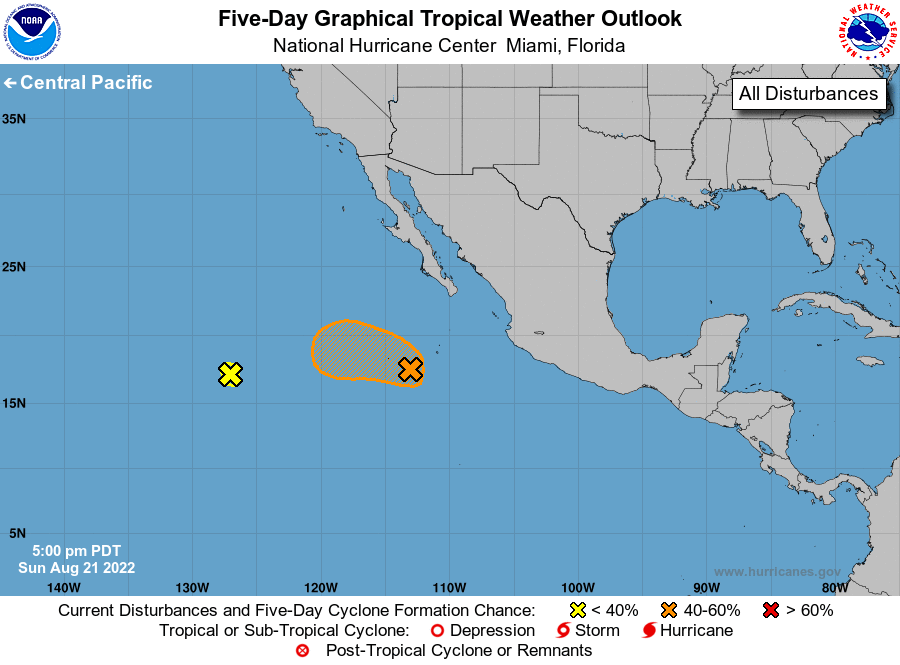
For the eastern North Pacific...east of 140 degrees west longitude:

1. Central East Pacific: Showers and thunderstorms are showing some signs of organization in association with an area of low pressure located a few hundred miles south-southwest of the southern tip of the Baja California peninsula. Environmental conditions appear generally favorable for additional development and a tropical depression could from over the next couple of days as the system moves west-northwestward or northwestward, well offshore of the coast of Mexico. By midweek, less favorable environmental conditions should limit further development.
* Formation chance through 48 hours...medium...40 percent.
* Formation chance through 5 days...medium...40 percent.

2. Western East Pacific: Showers and thunderstorms have mostly dissipated in association with the remnants of Ivette located more than 1000 miles west-southwest of the southern tip of the Baja California peninsula. Environmental conditions are expected to remain unfavorable for further development as this system moves over cooler waters and into a more stable atmospheric environment.
* Formation chance through 48 hours...low...near 0 percent.
* Formation chance through 5 days...low...near 0 percent.

Forecaster Papin